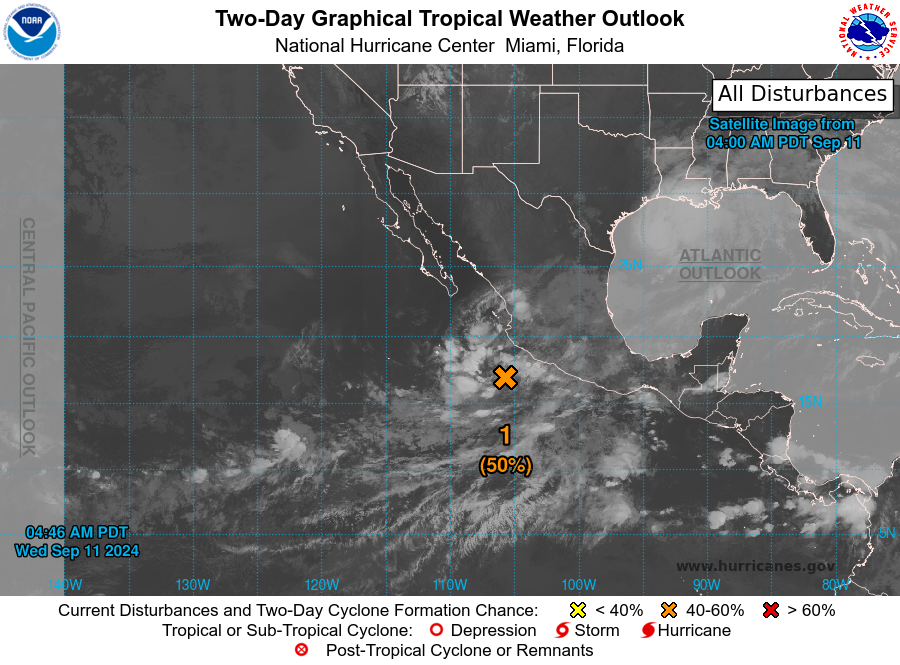
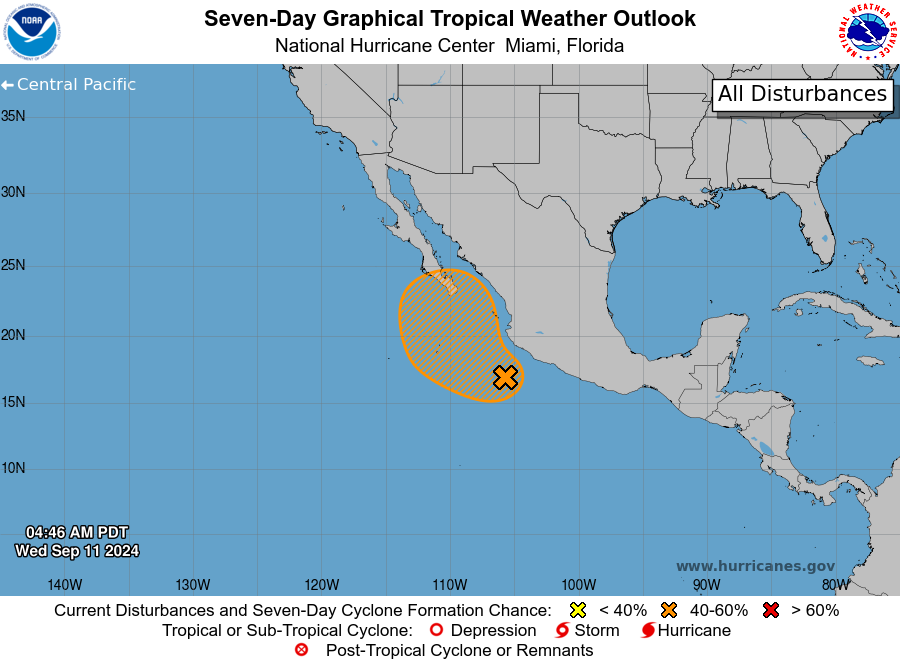
For the eastern North Pacific...east of 140 degrees west longitude:

1. Offshore of Southwestern Mexico: A broad low pressure system continues to produce a large area of disorganized showers and thunderstorms near the coast of southwestern Mexico extending offshore for several hundred miles. Environmental conditions appear conducive for some gradual development of this system, and a tropical depression could form during the latter part of the week while it moves generally north-northwestward, near the coast of southwestern Mexico and towards the Baja California Peninsula. Regardless of development, heavy rainfall is likely across coastal portions of southwestern and west-central Mexico during the next couple of days.
* Formation chance through 48 hours...medium...50 percent.
* Formation chance through 7 days...medium...60 percent.

Forecaster Papin